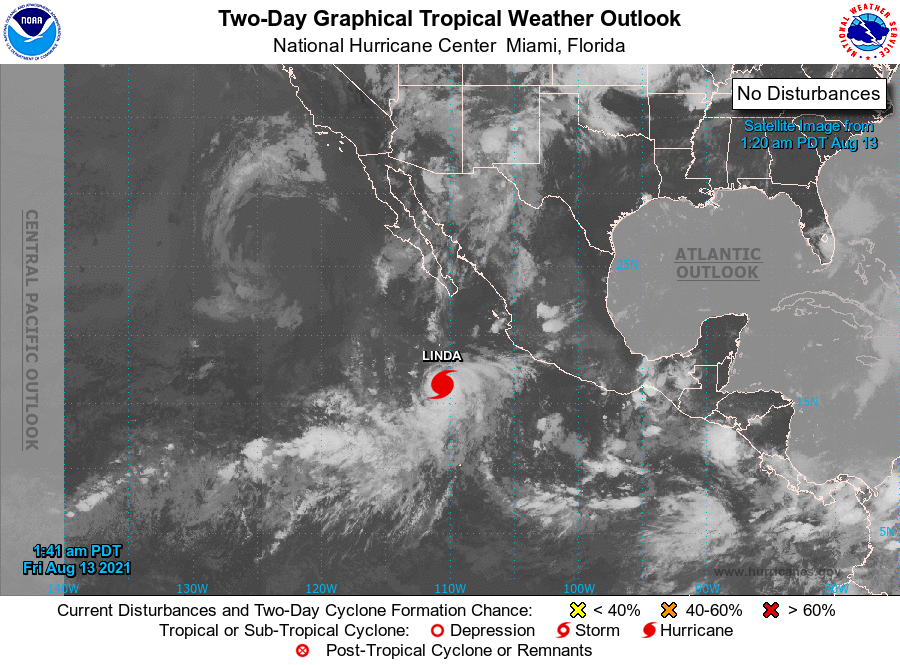
For the eastern North Pacific...east of 140 degrees west longitude:

The National Hurricane Center is issuing advisories on Hurricane Linda, located several hundred miles west-southwest of Manzanillo, Mexico.

Tropical cyclone formation is not expected during the next 5 days.

Forecaster Latto